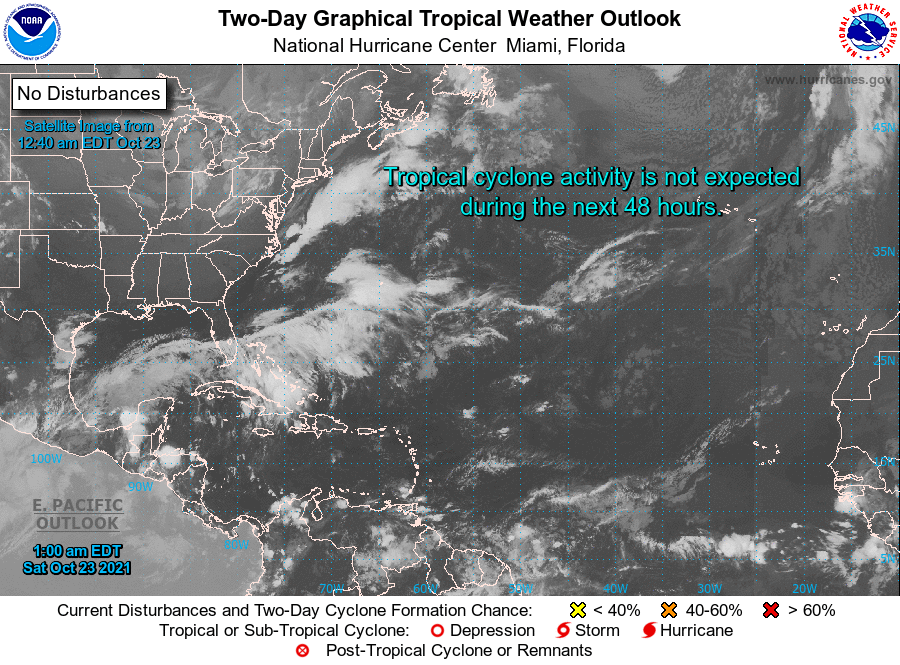
For the North Atlantic...Caribbean Sea and the Gulf of Mexico:

Tropical cyclone formation is not expected during the next 5 days.

Forecaster Brown